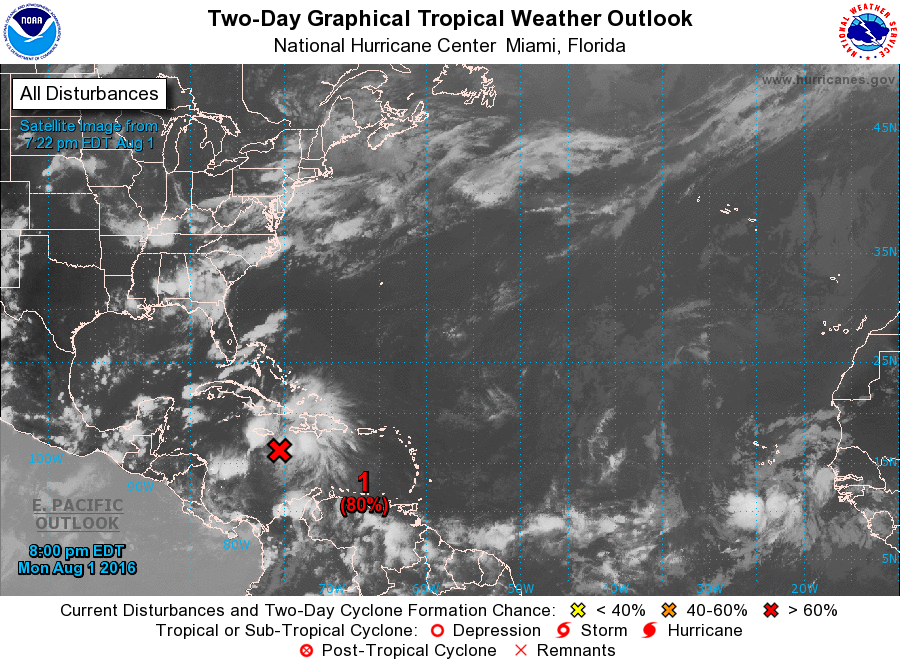
For the North Atlantic...Caribbean Sea and the Gulf of Mexico:

1. A strong tropical wave over the central Caribbean Sea, located a couple of hundred miles southeast of Kingston, Jamaica, continues to move quickly westward at about 20 mph. Although the associated shower and thunderstorm activity remains well organized, surface observations indicate that the system still appears to lack a closed surface circulation. Environmental conditions are expected to be conducive for additional development, and a tropical storm is likely to form later tonight or Tuesday morning. An Air Force Reserve Reconnaissance aircraft is scheduled to investigate the system Tuesday morning. Regardless of development, locally heavy rainfall and gusty winds, perhaps to tropical storm force, will continue over portions of the Dominican Republic and Haiti through this evening. Tropical storm conditions are likely to occur over Jamaica tonight, and could reach the Cayman Islands overnight. Interests in these areas and elsewhere in the western Caribbean Sea should continue to monitor the progress of this disturbance. For additional information, see High Seas Forecasts issued by the National Weather Service.
* Formation chance through 48 hours...high...80 percent
* Formation chance through 5 days...high...90 percent

High Seas Forecasts issued by the National Weather Service can be found under AWIPS header NFDHSFAT1, WMO header FZNT01 KWBC, and on the Web at http://www.opc.ncep.noaa.gov/shtml/NFDHSFAT1.shtml.

Forecaster Pasch